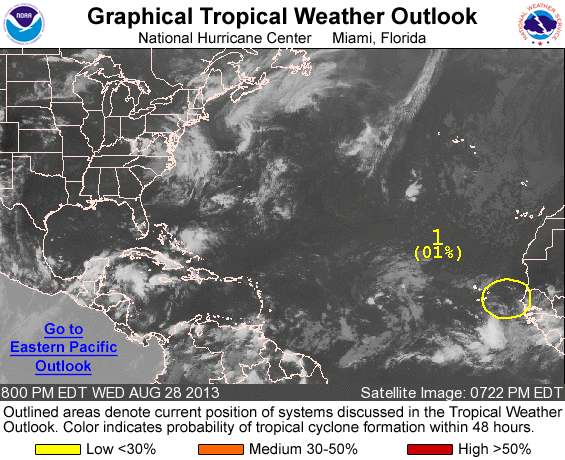
FOR THE NORTH ATLANTIC...CARIBBEAN SEA AND THE GULF OF MEXICO...

TROPICAL STORM FORMATION IS NOT EXPECTED DURING THE NEXT 48 HOURS.

OTHER SYSTEMS WITH FORMATION POTENTIAL BEYOND 48 HOURS...

SHOWER ACTIVITY ASSOCIATED WITH A TROPICAL WAVE LOCATED ABOUT 1350 MILES EAST OF THE LESSER ANTILLES REMAINS LIMITED. SLOW DEVELOPMENT OF THIS DISTURBANCE IS POSSIBLE LATE THIS WEEK OR EARLY THIS WEEKEND WHILE THE WAVE MOVES WESTWARD AT ABOUT 15 MPH AND APPROACHES THE LESSER ANTILLES. AFTER THAT TIME...UPPER-LEVEL WINDS COULD INHIBIT FURTHER DEVELOPMENT. THIS SYSTEM HAS A LOW CHANCE... NEAR 0 PERCENT...OF BECOMING A TROPICAL CYCLONE DURING THE NEXT 48 HOURS...AND A LOW CHANCE...20 PERCENT...OF BECOMING A TROPICAL CYCLONE DURING THE NEXT 5 DAYS.

A TROPICAL WAVE LOCATED OVER WEST AFRICA IS EXPECTED TO MOVE WESTWARD AT 10 TO 15 MPH...AND AN AREA OF LOW PRESSURE COULD FORM AFTER THE WAVE MOVES OFF OF THE COAST ON FRIDAY. SOME DEVELOPMENT OF THIS LOW IS POSSIBLE LATE THIS WEEK OR EARLY THIS WEEKEND BEFORE UPPER-LEVEL WINDS BECOME UNFAVORABLE BY EARLY NEXT WEEK. THIS SYSTEM HAS A LOW CHANCE...NEAR 10 PERCENT...OF BECOMING A TROPICAL CYCLONE DURING THE NEXT 48 HOURS...AND A MEDIUM CHANCE...30 PERCENT...OF BECOMING A TROPICAL CYCLONE DURING THE NEXT 5 DAYS WHILE IT MOVES NEAR THE CAPE VERDE ISLANDS.

FIVE-DAY FORMATION PROBABILITIES ARE EXPERIMENTAL IN 2013. COMMENTS ON THE EXPERIMENTAL FORECASTS CAN BE PROVIDED AT...

HTTP://WWW.NWS.NOAA.GOV/SURVEY/NWS-SURVEY.PHP?CODE=ETWO

FORECASTER KIMBERLAIN